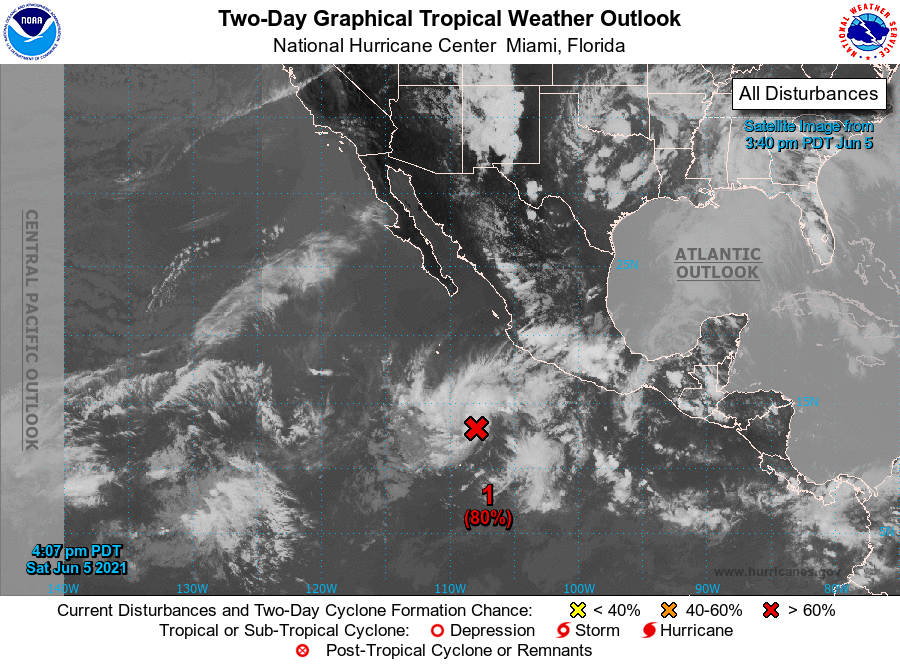
For the eastern North Pacific...east of 140 degrees west longitude:

1. Showers and thunderstorms are showing signs of organization in association with an area of low pressure located about 500 miles south-southwest of Manzanillo, Mexico. However, recent satellite wind data indicate that the circulation remains broad and not well defined. A tropical depression is likely to form during the next day or so while the system moves slowly westward. Environmental conditions are expected to become less conducive for development in a few days.
* Formation chance through 48 hours...high...80 percent.
* Formation chance through 5 days...high...80 percent.

2. A broad trough of low pressure is expected to form a couple of hundred miles south of the coasts of El Salvador and Guatemala in a few days. Gradual development of this system is possible thereafter while it drifts northwestward through the end of next week.
* Formation chance through 48 hours...low...near 0 percent.
* Formation chance through 5 days...low...30 percent.

Forecaster Cangialosi